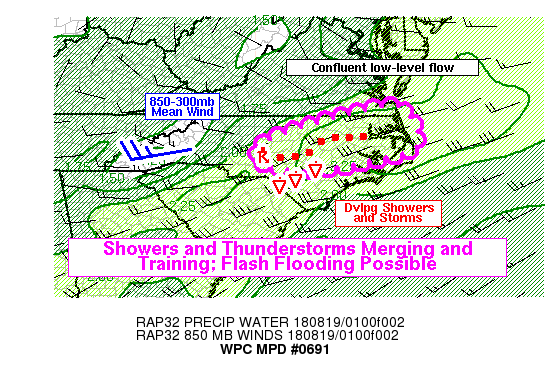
Areas affected...Central and Eastern North Carolina

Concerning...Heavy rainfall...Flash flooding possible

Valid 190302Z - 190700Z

Summary...Showers and thunderstorms will continue to coalesce into
clusters and lines and move repeatedly over the same locations in
central and eastern North Carolina. This situation favors locally
heavy rainfall and the possibility of flash flooding. Rain rates
may peak around 2-3 in/hr where strong storms can be sustained.

Discussion...Regional radars showed numerous convective clusters
or small convective lines oriented roughly parallel to the deep
layer mean wind over central and eastern North Carolina, along a
line from VUJ-JNX and RWI-ECG. Additional low-topped convection,
in the form of rain showers, was developing along I-95 closer to
FAY, and may begin to merge with the more organized convective
lines to the north in the next couple hours based on current radar
trends. This convection was developing in a broad area of
confluent low-level flow and an enhancement in the 925-850mb
moisture transport. This low-level flow pattern should favor new
convection becoming channeled into existing bands of heavy rain
and maintaining the training pattern over the next few hours.
Therefore, flash flooding appears possible over central and
eastern North Carolina.

The environment also favors continuation of ongoing convection,
with moderate instability (MLCAPE 1000-1500 j/kg, weak CINH) and
deep moisture (GPS-PW obs over 2 inches). CIRA layer PW above
700mb shows a notable enhancement over the eastern half of North
Carolina, and the nearly saturated profile through much of the
depth of the troposphere should favor efficient rainfall
production. MRMS and KRAX dual pol estimates have already shown
rain rates approaching 3 in/hr, and in an environment with deep
moisture and PWs approaching 2.2-2.3 inches in some pockets, this
does not seem unreasonable. KRAX shows KDP values around 2 deg/km
in most of the stronger convection, with ZDR around 1 dB,
indicative of fairly high concentrations of small water droplets
(and warm rain processes being more dominant). Given the potential
for 2-3 in/hr rain rates, flash flooding will be possible across
the region until the convection begins to exit the area in several
hours.